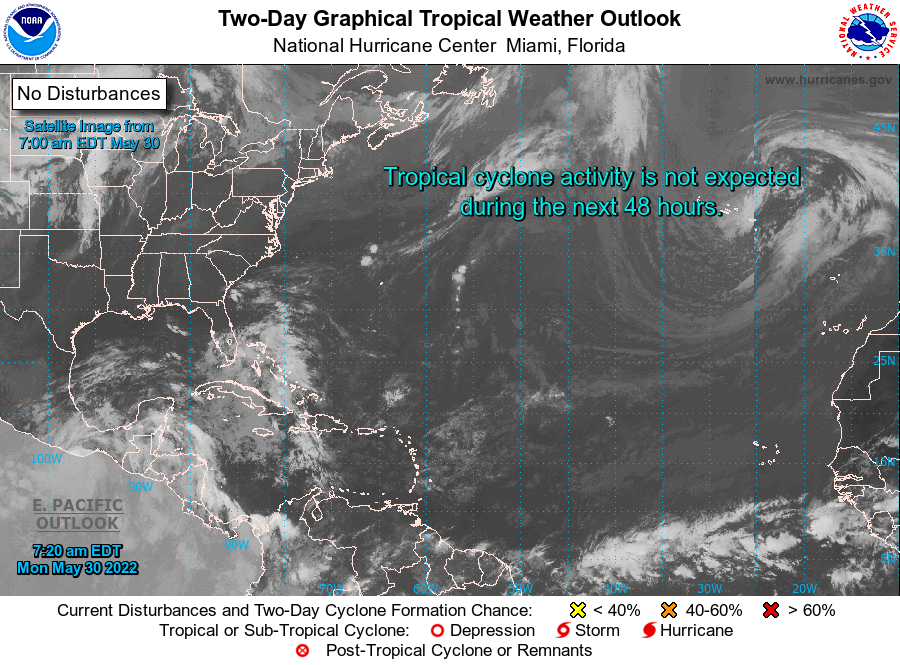
For the North Atlantic...Caribbean Sea and the Gulf of Mexico:

1. Near the Yucatan Peninsula: A large and complex area of low pressure is expected to develop across Central America, the Yucatan Peninsula, and the southwest Gulf of Mexico in a few days, partially related to the remnants of Hurricane Agatha from the eastern Pacific. Some gradual development is possible within this system in the far southwest Gulf of Mexico around mid-week or in the northwest Caribbean by the latter part of this week as it drifts eastward or northeastward. Regardless of development, locally heavy rains will be possible across southern Mexico, the Yucatan Peninsula, Guatemala, and Belize through the week.
* Formation chance through 48 hours...low...near 0 percent.
* Formation chance through 5 days...medium...40 percent.

Forecaster Brown